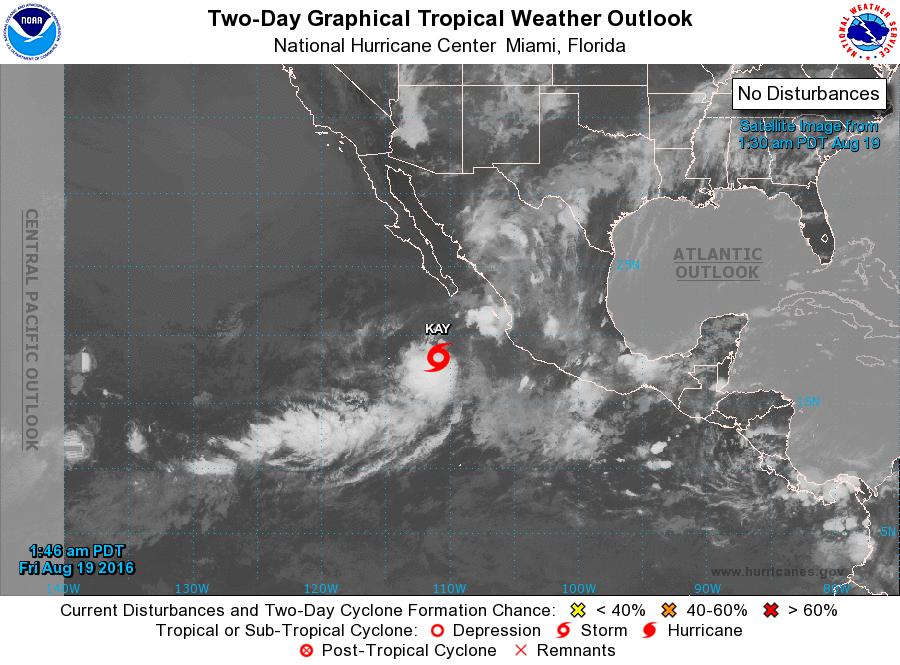
For the eastern North Pacific...east of 140 degrees west longitude:

The National Hurricane Center is issuing advisories on Tropical Depression Twelve-E, located a few hundred miles south of the southern tip of the Baja California peninsula.

Tropical cyclone formation is not expected during the next 5 days.

&&
Public Advisories on Tropical Depression Twelve-E are issued under WMO header WTPZ32 KNHC and under AWIPS header MIATCPEP2. Forecast/Advisories on Twelve-E are issued under WMO header WTPZ22 KNHC and under AWIPS header MIATCMEP2.

Forecaster Avila